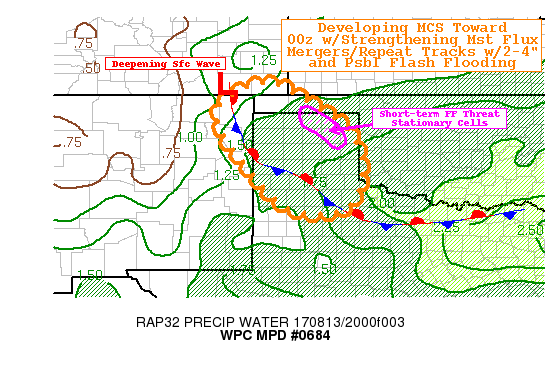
AREAS AFFECTED...NE NM...W OK PANHANDLE...TX PANHANDLE...EXT SE CO

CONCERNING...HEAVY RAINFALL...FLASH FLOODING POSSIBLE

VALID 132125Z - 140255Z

SUMMARY...SHORT-TERM STATIONARY CELLS THREATEN FLASH FLOODING IN
TX PANHANDLE BEFORE UPSCALE DEVELOPMENT OCCURS EXITING RATON
PLATEAU INTO TX PANHANDLE BY EARLY OVERNIGHT.

DISCUSSION...EXITING SHORTWAVE ACROSS THE RED RIVER VALLEY AND IN
ADVANCE OF WEAK TWIST APPROACHING FROM THE SOUTHWEST PROVIDES SOME
WEAK RIDGING SUPPORTING A MODEST UPSLOPE REGIME ACROSS THE TX
PANHANDLE INTO NE NM/SE CO.  VISIBLE IMAGERY INDICATES A WEAK LEE
CYCLONE OVER SE CO THAT IS EXPECTED TO CONSOLIDATE/DEEPEN THROUGH
THE LATE EVENING HOURS FURTHER ENHANCING LOW LEVEL MOISTURE
TRANSPORT TO THE REGION AND EVENTUALLY SUPPORT CONVECTIVE CLUSTER
TO EXPAND/MERGE INTO A LARGER MCS.

IN THE SHORT TERM HOWEVER THERE REMAINS A SMALL AREA ACROSS THE NE
TX PANHANDLE WHERE LOW LEVEL FLOW IS INTERSECTING A LINGERING
FRONTAL BOUNDARY.  SUFFICIENT LOW LEVEL MOISTURE ENVIRONMENT
COUPLED WITH ELEVATED MIXED LAYER SUPPORTS MODEST INSTABILITY
ACROSS THE REGION TO SUPPORT STRONG UPDRAFTS.  CURRENT VISIBLE/AMA
RADAR SHOWS SUCH CELLS OVER ROBERTS BUILDING BACK NORTHWARD UNDER
THE ISALLOBARIC COMPONENT FROM THE LEE-CYCLONE DEEPENING.  THERE
IS A FAIRLY STABLE SETUP THAT SUPPORTS WESTERLY OUTFLOW WITH
UNOBSTRUCTED S AND SSE INFLOW WHILE ALSO WITHIN THE 850/7H
DEFORMATION ZONE THAT UNDER THIS DEEPENING LOW SITUATION WOULD
DRAW IT NNW.  AS SUCH CELLS ARE RELATIVELY STATIONARY.  GIVEN
AVAILABLE LOW LEVEL MOISTURE WITH MID TO UPPER 60S TDS...RAINFALL
GENERATION WILL BE STEADILY INCREASING AS THE LOCAL PROFILE
SATURATES AND LEAD TO RATES UP TO 1.75"/HR.  CURRENT AMA ESTIMATES
SEEM A BIT HIGH DUE TO HAIL CONTAMINATION ON THE RAIN RATE
ESTIMATES. STILL THE POTENTIAL FOR 3-4" TOTALS IS GOOD BEFORE THE
BEST INFLOW BACKS AND SHIFTS FOCUS TOWARD THE APPROACHING
MCS/CONVECTIVE CLUSTERS.

HI-RES CAMS ANCHORED BY THE HRRR/ARW/NMMB SUPPORT EVENTUAL LOW
LEVEL FLOW TO BACK ACROSS THE OK/TX PANHANDLE DIRECTING STRONG
CONVERGENCE ALONG THE SURFACE FRONT AS THE LOW DESCENDS INTO NE
NM.  CONVECTION CURRENTLY OVER THE RATON PLATEAU WILL GROW UPSCALE
AND CONVERGE INTO A LARGER COMPLEX TOWARD NIGHTFALL ALLOWING FOR
BROADER DOWNDRAFTS AND RAINFALL POTENTIAL.  SOME INDICATIONS FOR
DOWNSTREAM CONVECTION TO DEVELOP ALONG THE FRONTAL ZONE IN THE
WESTERN TX PANHANDLE WOULD LIKELY BE SWEPT UP BY THE ADVANCING MCS
TOWARD 03Z.  THIS REMAINS PROBABLE AND SUPPORTS A SWATH OF 2-3"
TOTALS WITH ISOLATED 4" VALUES POSSIBLE (MAINLY AFTER 00Z)...AND
AS SUCH FLASH FLOODING IS CONSIDERED POSSIBLE.